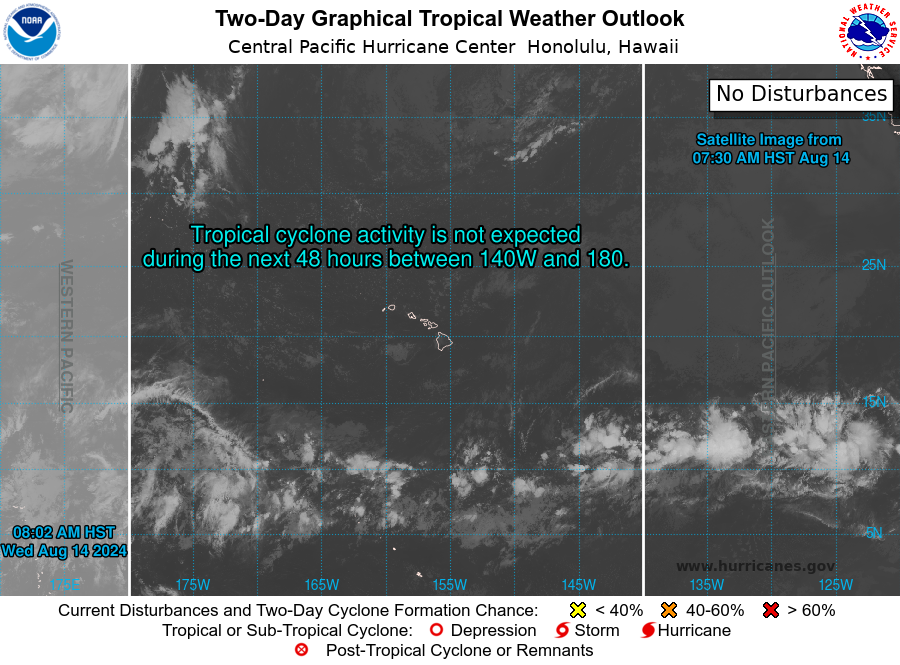
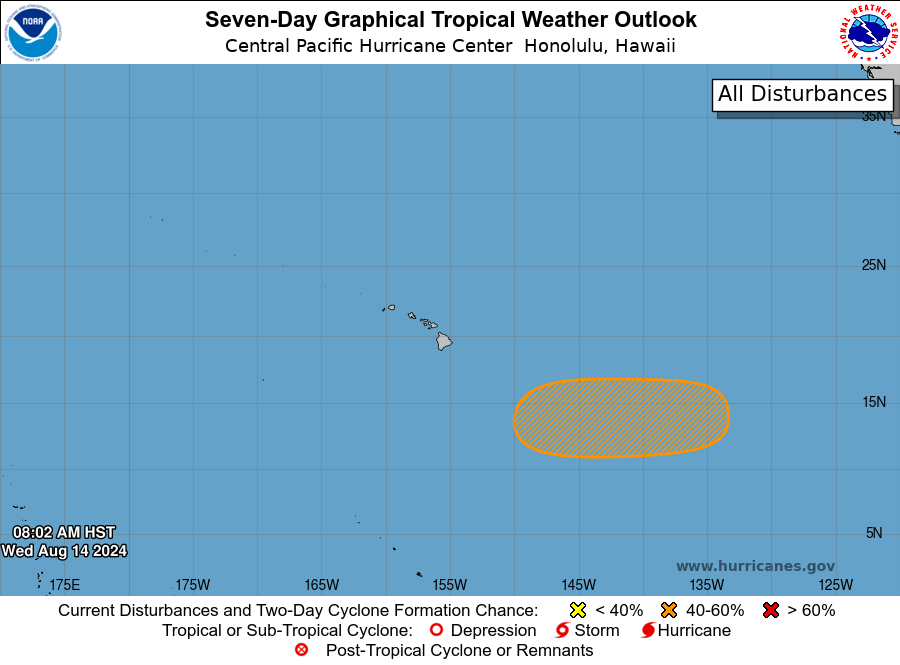
For the central North Pacific...between 140W and 180W:

1. An area of low pressure could form this weekend or early next week far southeast of the Hawaiian Islands. Environmental conditions appear conducive for additional development, and a tropical depression could form as it moves westward.
* Formation chance through 48 hours...low...near 0 percent.
* Formation chance through 7 days...medium...40 percent.

Elsewhere, no tropical cyclones are expected during the next 7 days.

Forecaster Kino/Tsamous